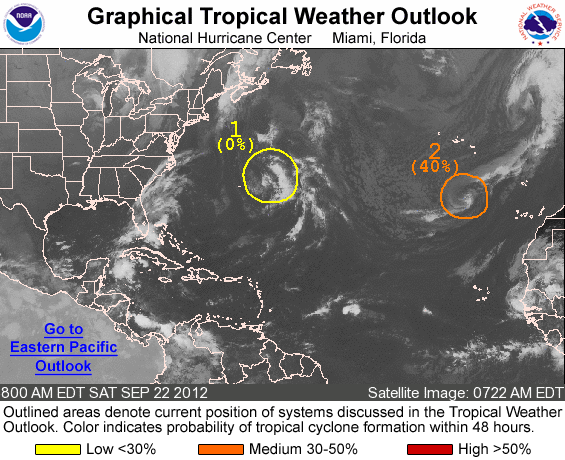
FOR THE NORTH ATLANTIC...CARIBBEAN SEA AND THE GULF OF MEXICO...

1. A NON-TROPICAL LOW PRESSURE SYSTEM LOCATED ABOUT 250 MILES EAST-NORTHEAST OF BERMUDA IS EXPECTED TO WEAKEN AS IT MOVES NORTHWESTWARD AND NORTHWARD DURING THE NEXT DAY OR SO. THIS SYSTEM HAS A LOW CHANCE...NEAR 0 PERCENT...OF BECOMING A SUBTROPICAL CYCLONE DURING THE NEXT 48 HOURS. ADDITIONAL INFORMATION ON THIS LOW CAN BE FOUND IN HIGH SEAS FORECASTS ISSUED BY THE NATIONAL WEATHER SERVICE.

2. POST-TROPICAL CYCLONE NADINE IS LOCATED OVER THE NORTHEASTERN ATLANTIC OCEAN ABOUT 650 MILES WEST-NORTHWEST OF THE CANARY ISLANDS AND IS MOVING SOUTH-SOUTHEASTWARD AT AROUND 10 MPH. REGENERATION OF THIS SYSTEM INTO A TROPICAL OR SUBTROPICAL CYCLONE IS POSSIBLE AS IT MOVES OVER SLIGHTLY WARMER WATERS DURING THE NEXT COUPLE OF DAYS. THIS SYSTEM HAS A MEDIUM CHANCE...40 PERCENT...OF BECOMING A TROPICAL OR SUBTROPICAL CYCLONE DURING THE NEXT 48 HOURS.

ADDITIONAL INFORMATION ON POST-TROPICAL CYCLONE NADINE CAN BE FOUND IN HIGH SEAS FORECASTS ISSUED BY METEO FRANCE.

ELSEWHERE...TROPICAL CYCLONE FORMATION IS NOT EXPECTED DURING THE NEXT 48 HOURS.

&&
HIGH SEAS FORECASTS ISSUED BY THE NATIONAL WEATHER SERVICE CAN BE FOUND UNDER AWIPS HEADER NFDHSFAT1 AND WMO HEADER FZNT01 KWBC.

HIGH SEAS FORECASTS ISSUED BY METEO FRANCE CAN BE FOUND UNDER WMO HEADER FQNT50 LFPW.

FORECASTER BRENNAN